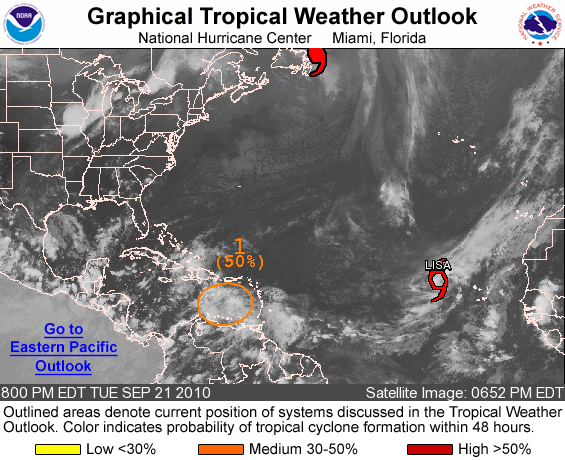
FOR THE NORTH ATLANTIC...CARIBBEAN SEA AND THE GULF OF MEXICO...

THE NATIONAL HURRICANE CENTER IS ISSUING ADVISORIES ON TROPICAL STORM LISA...LOCATED ABOUT 525 MILES WEST-NORTHWEST OF THE CAPE VERDE ISLANDS...AND HAS ISSUED THE LAST ADVISORY ON HURRICANE IGOR...THAT HAS LOST ITS TROPICAL CHARACTERISTICS ABOUT 125 MILES NORTH-NORTHEAST OF ST. JOHNS NEWFOUNDLAND.

1. A TROPICAL WAVE OVER THE EASTERN CARIBBEAN SEA IS PRODUCING A LARGE AREA OF DISORGANIZED SHOWERS AND THUNDERSTORMS. ENVIRONMENTAL CONDITIONS ARE EXPECTED TO BECOME MORE FAVORABLE FOR A TROPICAL DEPRESSION TO FORM DURING THE NEXT COUPLE OF DAYS AS THE SYSTEM MOVES WESTWARD NEAR 15 MPH. THERE IS A MEDIUM CHANCE...50 PERCENT...OF THIS SYSTEM BECOMING A TROPICAL CYCLONE DURING THE NEXT 48 HOURS. LOCALLY HEAVY RAINFALL AND GUSTY WINDS ARE LIKELY OVER THE WINDWARD ISLANDS...THE NETHERLANDS ANTILLES...AND THE NORTHERN COASTS OF VENEZUELA AND COLOMBIA DURING THE NEXT DAY OR TWO. THESE RAINS COULD CAUSE LIFE-THREATENING FLASH FLOODS.

ELSEWHERE...TROPICAL CYCLONE FORMATION IS NOT EXPECTED DURING THE NEXT 48 HOURS.

FORECASTER CANGIALOSI/PASCH